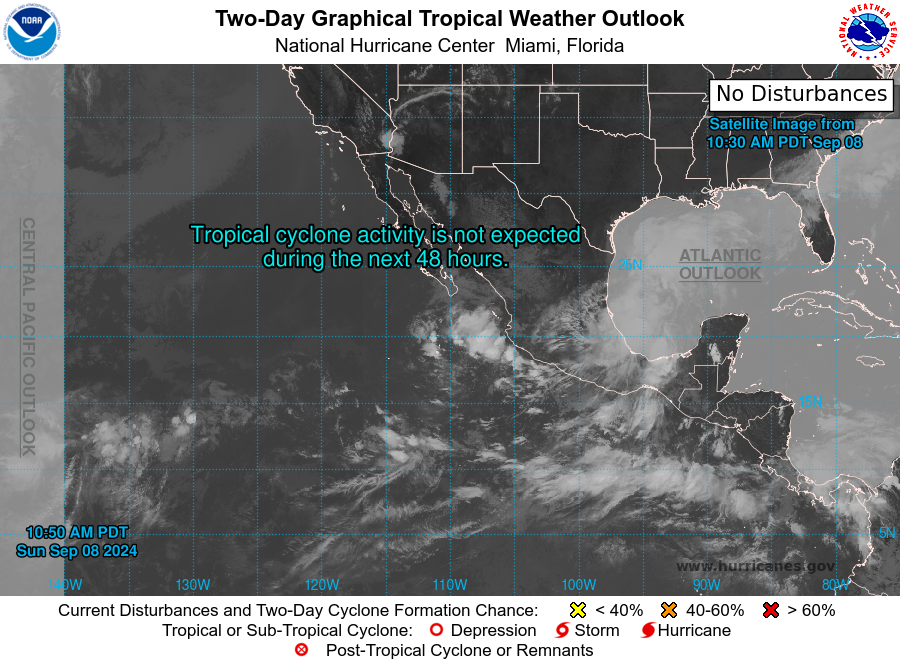
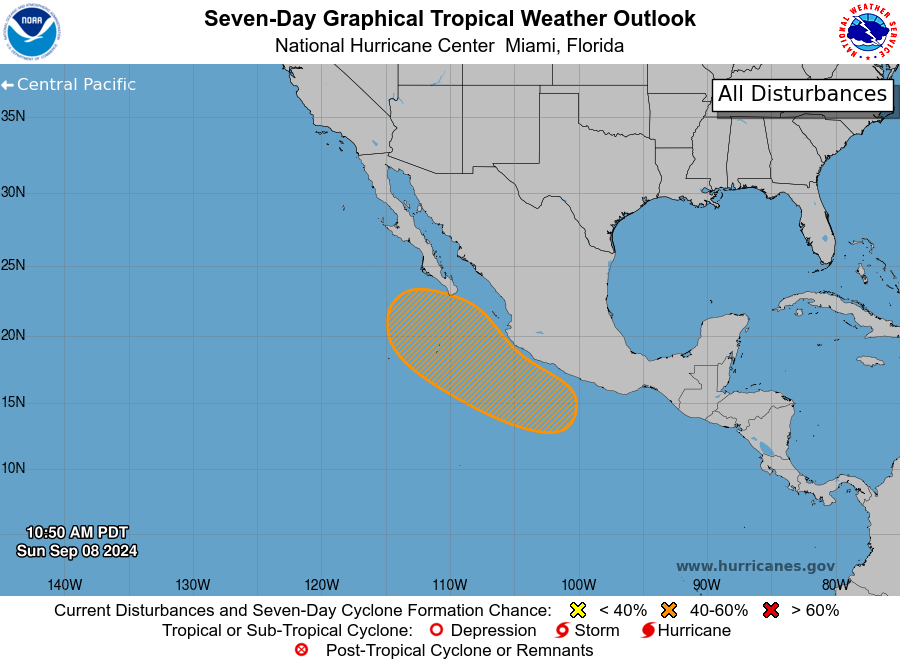
For the eastern North Pacific...east of 140 degrees west longitude:

1. Offshore of Southwestern Mexico: An area of low pressure is forecast to form during the early to middle part of the week, near or just to the south of the coast of southern or southwestern Mexico. Environmental conditions are forecast to be conducive for some gradual development of this system, and a tropical depression could form during the middle to latter part of this week while it moves generally northwestward, near the coast of southwestern Mexico.
* Formation chance through 48 hours...low...near 0 percent.
* Formation chance through 7 days...medium...60 percent.

Forecaster Brown